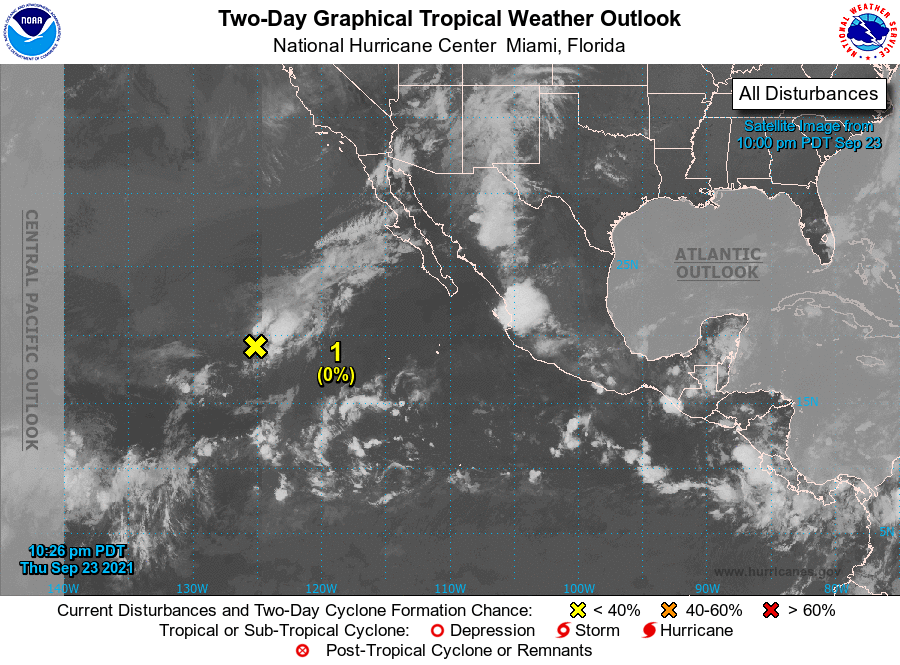
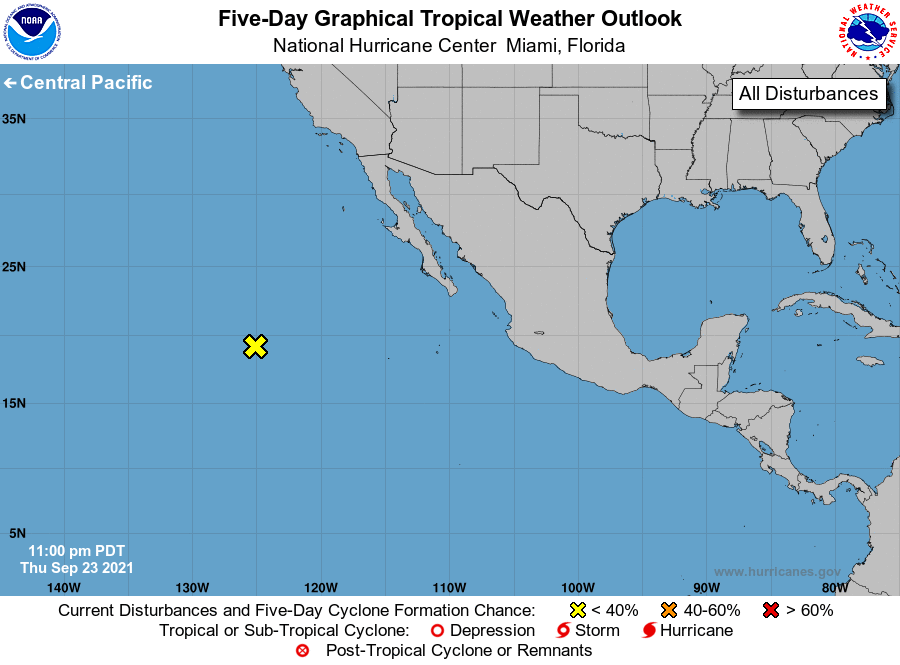
For the eastern North Pacific...east of 140 degrees west longitude:

1. Shower activity remains disorganized in association with an elongated area of low pressure located almost 1000 miles west-southwest of the southern tip of the Baja California peninsula. This system is moving over cool waters and into an environment of stable air and strong upper-level winds, and development is not expected.
* Formation chance through 48 hours...low...near 0 percent.
* Formation chance through 5 days...low...near 0 percent.

Forecaster Cangialosi